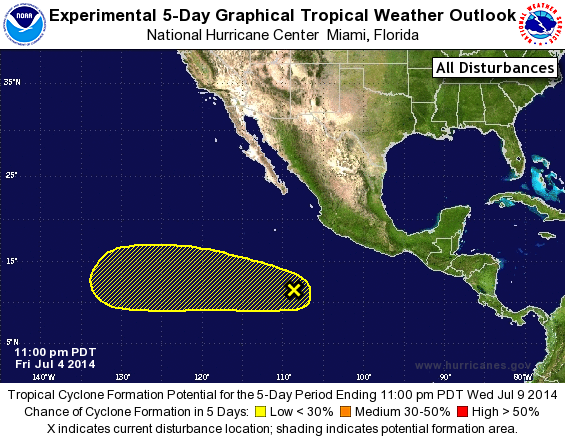
For the eastern North Pacific...east of 140 degrees west longitude:

The National Hurricane Center is issuing advisories on Tropical Storm Douglas, located several hundred miles west of the southern tip of the Baja California peninsula of Mexico.

1. A tropical wave with scattered showers and thunderstorms is located a few hundred miles south of southern Mexico. Some gradual development of this system is possible over the next few days while it moves westward or west-northwestward at 10 to 15 mph.
* Formation chance through 48 hours...low...near 0 percent.
* Formation chance through 5 days...low...20 percent.

Forecaster Landsea